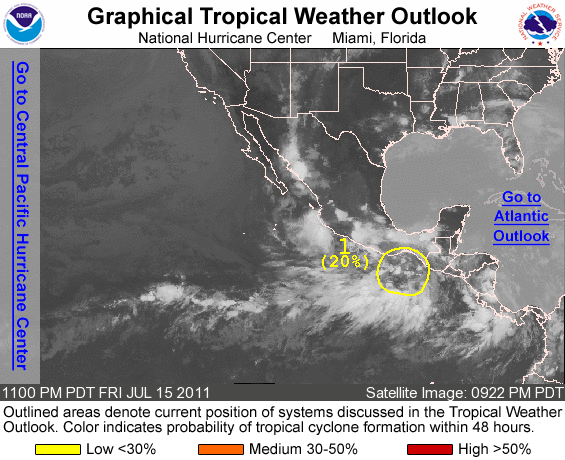
FOR THE EASTERN NORTH PACIFIC...EAST OF 140 DEGREES WEST LONGITUDE..

1. AN AREA OF DISTURBED WEATHER ASSOCIATED WITH A BROAD LOW PRESSURE AREA CONTINUES OVER THE GULF OF TEHUANTEPEC. SLOW DEVELOPMENT OF THIS SYSTEM IS POSSIBLE DURING THE NEXT DAY OR TWO AS IT DRIFTS WEST-NORTHWESTWARD. THIS SYSTEM HAS A LOW CHANCE...20 PERCENT...OF BECOMING A TROPICAL CYCLONE DURING THE NEXT 48 HOURS. REGARDLESS OF DEVELOPMENT...LOCALLY HEAVY RAINS MAY OCCUR OVER PORTIONS OF SOUTHEASTERN MEXICO DURING THE NEXT COUPLE OF DAYS IN ASSOCIATION WITH THIS SYSTEM.

ELSEWHERE...TROPICAL CYCLONE FORMATION IS NOT EXPECTED DURING THE NEXT 48 HOURS.

FORECASTER BEVEN